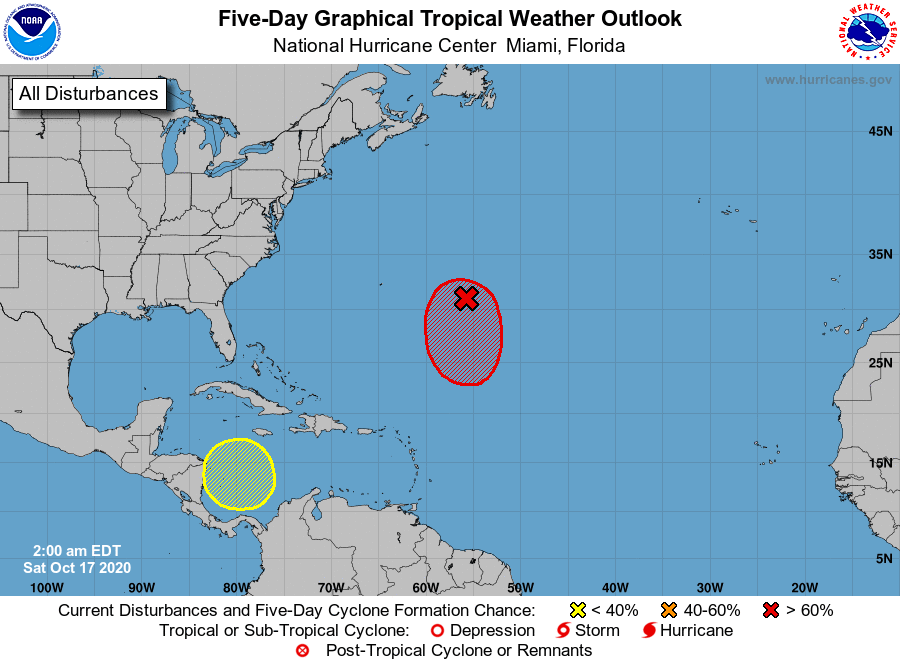
For the North Atlantic...Caribbean Sea and the Gulf of Mexico:

1. Showers and thunderstorms continue to gradually become better organized in association with a non-tropical low pressure system located about 500 miles east-southeast of Bermuda. Although the circulation is still somewhat elongated, the center appears better defined than it was yesterday. Continued slow development is expected, and a subtropical depression or storm is likely to form during the next couple of days while the low meanders well to the southeast of Bermuda.
* Formation chance through 48 hours...high...70 percent.
* Formation chance through 5 days...high...80 percent.

2. A broad area of low pressure is expected to form in a few days over the southwestern Caribbean Sea. Some gradual development of this system will be possible through the middle of next week while it moves slowly over the southwestern or western Caribbean Sea.
* Formation chance through 48 hours...low...near 0 percent.
* Formation chance through 5 days...low...30 percent.

Forecaster Cangialosi